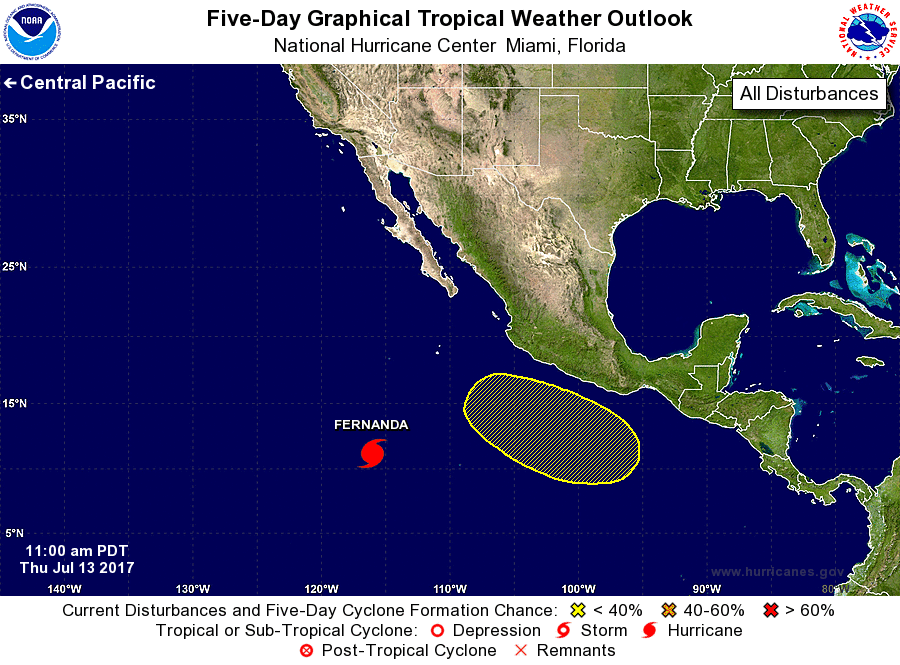
For the eastern North Pacific...east of 140 degrees west longitude:

The National Hurricane Center is issuing advisories on Tropical Storm Fernanda, located several hundred miles south-southwest of the southern tip of the Baja California peninsula.

1. A broad area of low pressure is expected to form a few hundred miles south of Mexico during the weekend. Gradual development of this system is possible as it moves slowly toward the west-northwest.
* Formation chance through 48 hours...low...near 0 percent.
* Formation chance through 5 days...low...30 percent.

Forecaster Beven